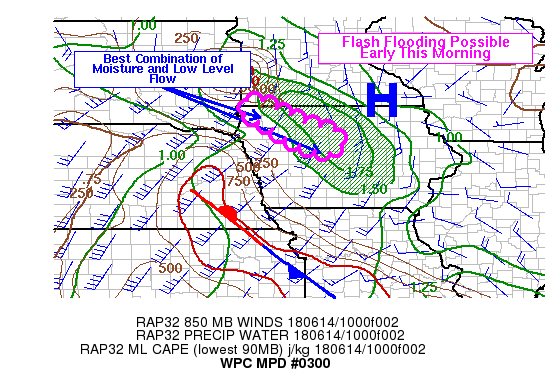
AREAS AFFECTED...NORTHWEST IOWA TO CENTRAL IA

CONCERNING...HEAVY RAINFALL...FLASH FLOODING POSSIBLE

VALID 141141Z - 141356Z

SUMMARY...CELLS PRODUCING HEAVY RAINFALL WERE BECOMING MORE
NUMEROUS OVER PORTIONS OF NORTHWESTERN IA AND CENTRAL IA.
RAINFALL RATES APPROACHING 1.5 INCHES PER HOUR HAVE BEEN INDICATED
ON AREA RADARS...WHICH WAS APPROACHING 1 HOURLY FLASH FLOOD
GUIDANCE. THIS WAS SETTING UP THE POSSIBILITY OF FLASH FLOODING.

DISCUSSION...SATELLITE IMAGERY WAS SHOWING AN AREA OF COOLING
CLOUD TOPS OVER IA IN A REGION WHERE A POOL OF PRECIPITABLE WATER
VALUES WERE IN EXCESS OF 1.5 INCHES AND WHERE H85 FLOW ON THE
ORDER OF 40 KTS WAS ABLE TO TAP MIXED LAYER CAPES OF AROUND 1500 J
PER KG.  THE RESULT WAS THAT SHOWERS AND THUNDERSTORMS CAPABLE
WERE DEVELOPING ACROSS PARTS OF NORTHWESTERN IA SOUTHEASTWARD
TOWARDS THE CENTRAL PART OF THE STATE. IN PARTICULAR...RECENT
GOES-16 IR IMAGERY HAS SHOWN A BACKBUILDING SIGNATURE JUST EAST OF
THE KFSD RADAR. THIS IS OCCURRING VERY NEAR AN MCV WHICH HAS
REMAINED NEARLY STATIONARY. AS SUCH...THIS MAY PROVIDE A FOCUS FOR
LOCALIZED FLASH FLOODING ISSUES. WEATHER UNDERGROUND SITES HAVE
SHOWN 2 TO 2.50 INCHES OF RAINFALL SINCE MIDNIGHT ACROSS
NORTHWESTERN IA WITH PRECIPITATION CONTINUING TO FALL.

FLASH FLOOD GUIDANCE IN THIS AREA WAS GENERALLY 1.50 TO 1.75
INCHES.  THUS FLASH FLOODING IS POSSIBLE...ESPECIALLY IN AREAS
WHICH RECEIVE MULTIPLE ROUNDS OF CONVECTION.

THE RAP AND HRRR SEEM TO BE HANDLING THE CONVECTION WELL.  THESE
MODELS LIFT THE ENTIRE AREA NORTHEAST THROUGH 14Z BEFORE RAINFALL
RATES TAPER OFF IN RESPONSE TO THE INFLOW OF MOISTURE AND
INSTABILITY IS DISRUPTED.